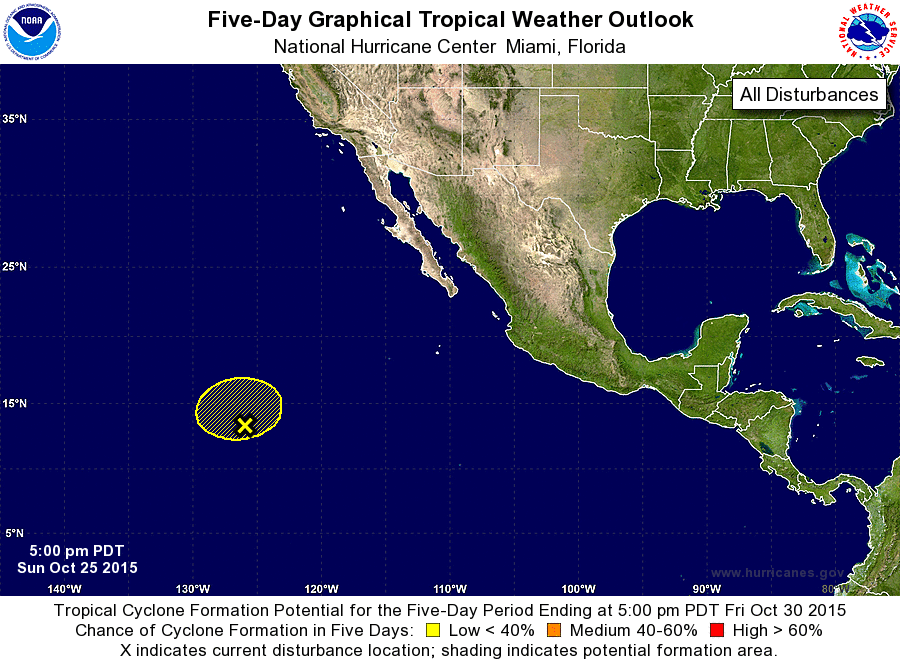
For the eastern North Pacific...east of 140 degrees west longitude:

The Central Pacific Hurricane Center is issuing advisories on Hurricane Olaf, located several hundred miles east-northeast of Hilo, Hawaii. Olaf is expected to cross 140 degrees West longitude on Monday, at which time advisories on this system will be issued by the National Hurricane Center.

1. An elongated area of low pressure located about 1275 miles southwest of the southern tip of the Baja California peninsula continues to produce disorganized cloudiness and thunderstorms. Development, if any, of this system is expected to be slow to occur while the low moves little during the next few days.
* Formation chance through 48 hours...low...10 percent
* Formation chance through 5 days...low...20 percent

Forecaster Beven